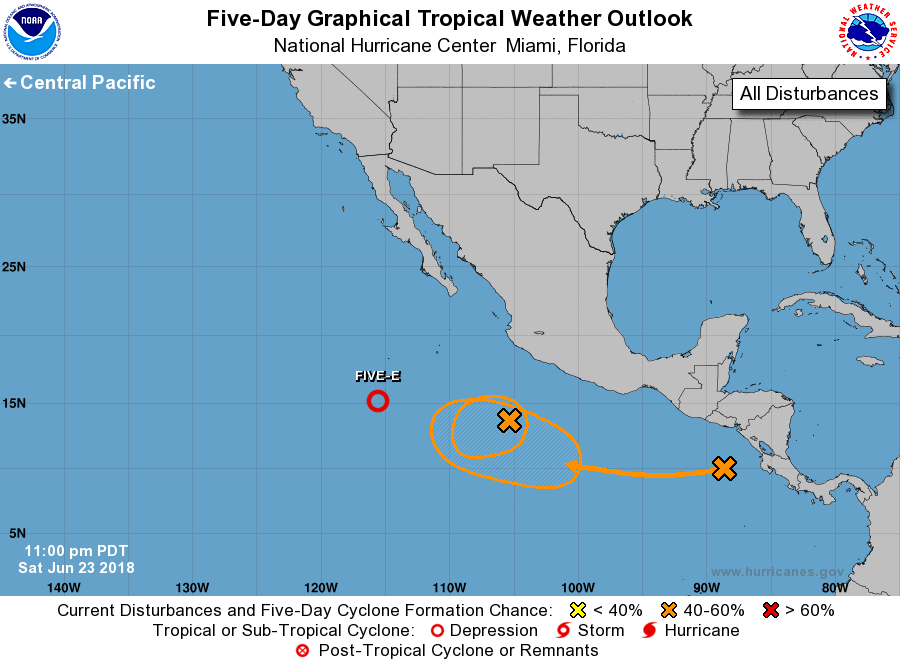
For the eastern North Pacific...east of 140 degrees west longitude:

The National Hurricane Center is issuing advisories on newly formed Tropical Depression Five-E, located several hundred miles southwest of the southern tip of the Baja California peninsula.

1. An elongated area of low pressure located several hundred miles southwest of Zihuatanejo, Mexico, is producing disorganized shower and thunderstorm activity over a broad area. Some development of this system is possible during the next few days before it interacts and possibly merges with a tropical wave approaching from the east.
* Formation chance through 48 hours...low...20 percent.
* Formation chance through 5 days...medium...40 percent.

2. A tropical wave located just west of Costa Rica and Nicaragua is producing disorganized showers and thunderstorms. Environmental conditions appear conducive for development of this system by the middle of the week while it moves westward, well south of the coast of Mexico.
* Formation chance through 48 hours...low...near 0 percent.
* Formation chance through 5 days...medium...40 percent.

Public Advisories on Tropical Depression Five-E are issued under WMO header WTPZ35 KNHC and under AWIPS header MIATCPEP5. Forecast/Advisories on Tropical Depression Five-E are issued under WMO header WTPZ25 KNHC and under AWIPS header MIATCMEP5.

Forecaster Stewart